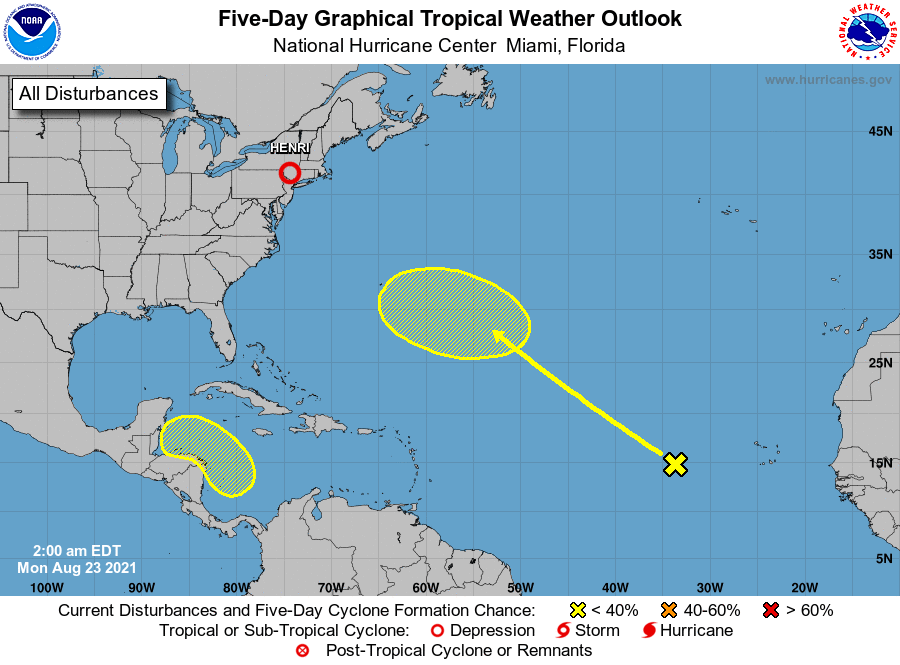
For the North Atlantic...Caribbean Sea and the Gulf of Mexico:

The National Hurricane Center has issued its last advisory on Tropical Depression Henri, located inland over southern New England. Future advisories on Henri will be issued by the Weather Prediction Center.

1. Disorganized shower activity over the eastern tropical Atlantic several hundred miles west of the Cabo Verde Islands is associated with a broad area of low pressure. Little, if any, development is expected to occur during the next couple of days. Some gradual development, however, is possible by the middle to latter part of the week as the system moves northwestward at 10 to 15 mph over the central Atlantic.
* Formation chance through 48 hours...low...near 0 percent.
* Formation chance through 5 days...low...20 percent.

2. A broad area of low pressure is forecast to form over the western Caribbean Sea late this week. Environmental conditions are expected to be favorable for gradual development of this system thereafter while it moves west-northwestward over the northwestern Caribbean Sea.
* Formation chance through 48 hours...low...near 0 percent.
* Formation chance through 5 days...low...20 percent.

Public advisories issued by the Weather Prediction Center on Tropical Depression Henri can be found under AWIPS header TCPAT3, WMO header WTNT33 KWNH, and on the web at http://www.wpc.ncep.noaa.gov

Forecaster Brown